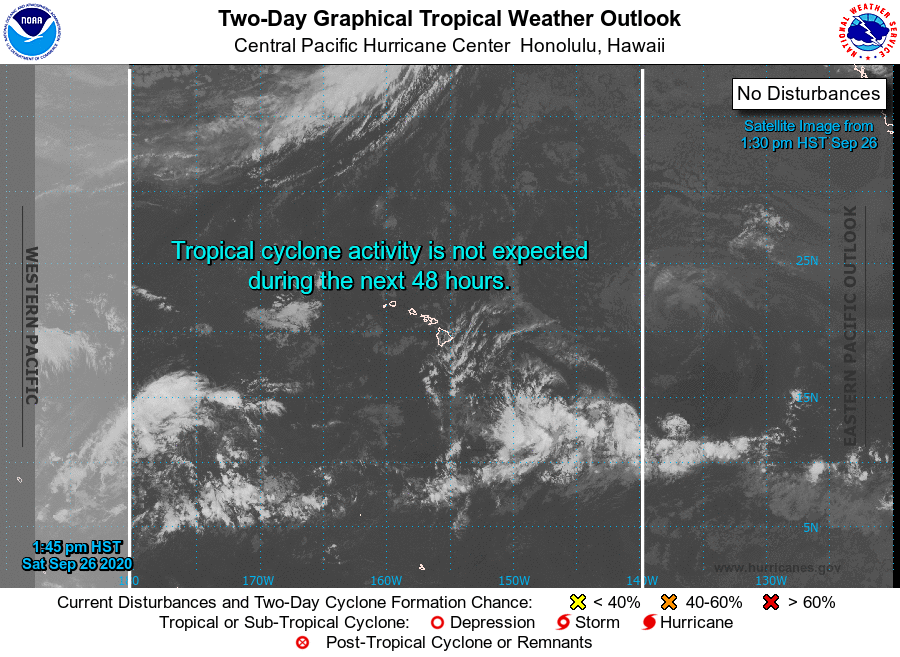
For the central North Pacific...between 140W and 180W:

No tropical cyclones are expected during the next 5 days.

Forecaster TS